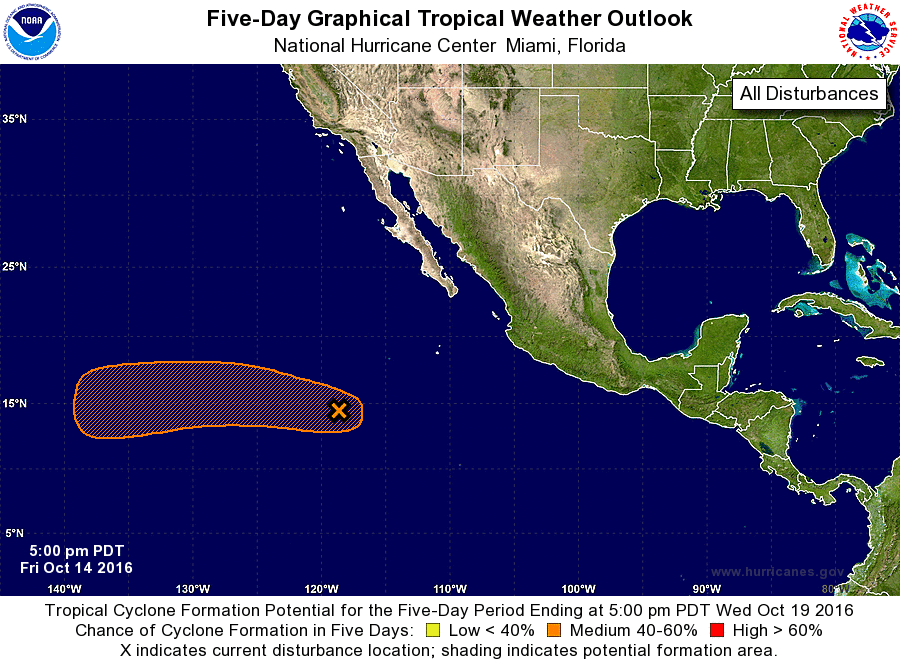
For the eastern North Pacific...east of 140 degrees west longitude:

1. A broad area of low pressure located about 700 miles southwest of the southern tip of the Baja California peninsula continues to produce disorganized shower and thunderstorm activity. Some gradual development of this disturbance is possible during the next several days while it moves generally westward at around 15 mph.
* Formation chance through 48 hours...low...10 percent
* Formation chance through 5 days...medium...50 percent

Forecaster Brennan